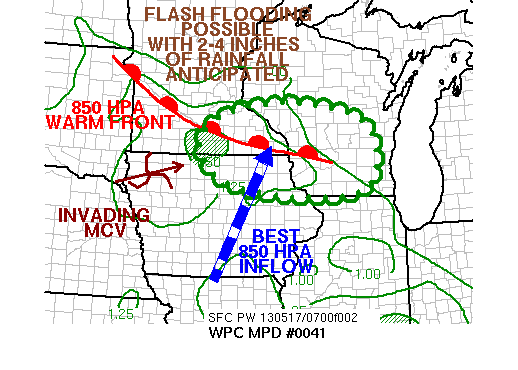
AREAS AFFECTED...EASTERN IA/MN BORDER AND SOUTHERN WI

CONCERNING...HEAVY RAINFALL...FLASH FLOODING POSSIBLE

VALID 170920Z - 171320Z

SUMMARY...HEAVY RAINFALL AND RESULTANT FLASH FLOODING IS POSSIBLE
FROM THE EASTERN MN/IA BORDER INTO SOUTHERN WISCONSIN OVER THE
NEXT SEVERAL HOURS.

DISCUSSION...LOW-LEVEL INFLOW IS BEING DIRECTED INTO A FRONTAL
BOUNDARY AT THE 850 HPA LEVEL AHEAD OF AN APPROACHING MESOSCALE
CONVECTIVE VORTEX -- OR MCV -- LOCATED ACROSS NORTHWEST IA WHICH
HAS LEAD TO A LINEAR THUNDERSTORM BAND ACROSS NORTHERN IA OVER THE
PAST SEVERAL HOURS, BEST CAPTURED BY THE 21Z AND 00Z RUNS OF THE
HRRR MESOSCALE GUIDANCE.  PRECIPITABLE WATER VALUES -- PWS -- OF
1.50 INCHES HAVE POOLED NEAR THE ELEVATED WARM FRONT.  FLASH FLOOD
GUIDANCE VALUES ARE AROUND TWO INCHES IN THREE HOURS' TIME ACROSS
THE REGION, WHICH COULD BE EXCEEDED AS THIS BAND TRAINS FOR 2-3
HOURS ACROSS THE REGION.  CLOUD TOPS CONTINUE TO COOL IN
ASSOCIATION WITH THIS THUNDERSTORM ACTIVITY AS IT EVOLVES INTO A
MESOSCALE CONVECTIVE SYSTEM -- MCS. THE SYSTEM HAS BEEN MOVING
EASTWARD AT AROUND 20 KNOTS -- ABOUT DOUBLE THE RATE OF
PROGRESSION INDICATED BY CORFIDI/PROPAGATION VECTORS -- AHEAD OF A
PROGRESSIVE UPPER-LEVEL SHORTWAVE.  THE RAP MESOSCALE GUIDANCE
INDICATES THAT LOW-LEVEL INFLOW SHOULD WEAKEN AFTER 12Z/6 AM CDT
TODAY; CHOSE A 1320Z/720 AM CDT EXPIRATION TIME FOR THIS AREA IN
CASE CONVECTION LINGERS FOR LONGER THAN THE RAP'S MASS FIELDS
SUGGEST.  RECENT HISTORY FOR THIS SYSTEM INDICATES THAT LOCAL
RAINFALL AMOUNTS OF 2-4 INCHES ARE POSSIBLE WHERE CELLS TRAIN NEAR
THE EASTERN IA/MN BORDER AND SOUTHERN WISCONSIN, WHICH COULD LEAD
TO FLASH FLOODING.